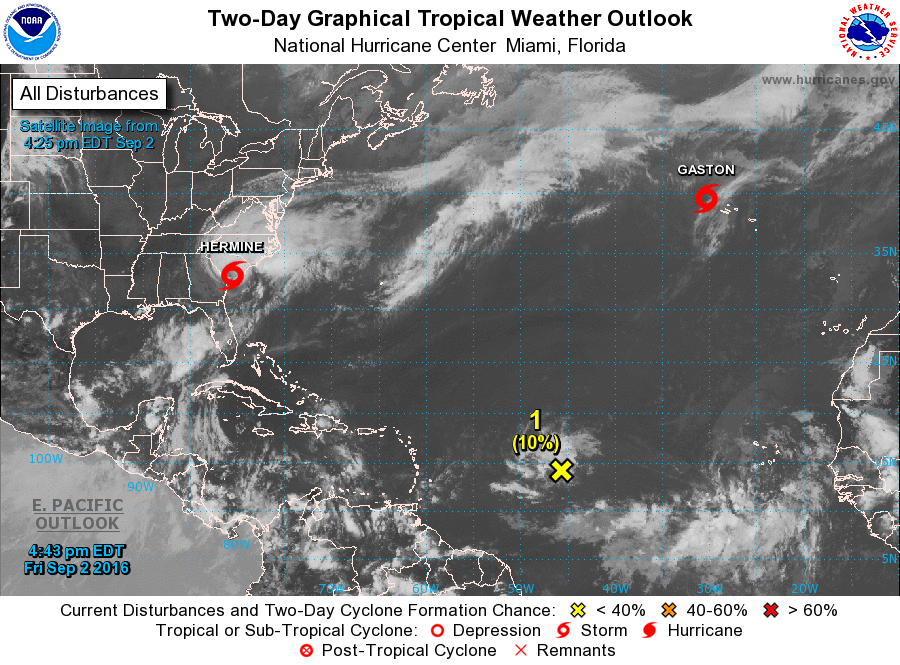
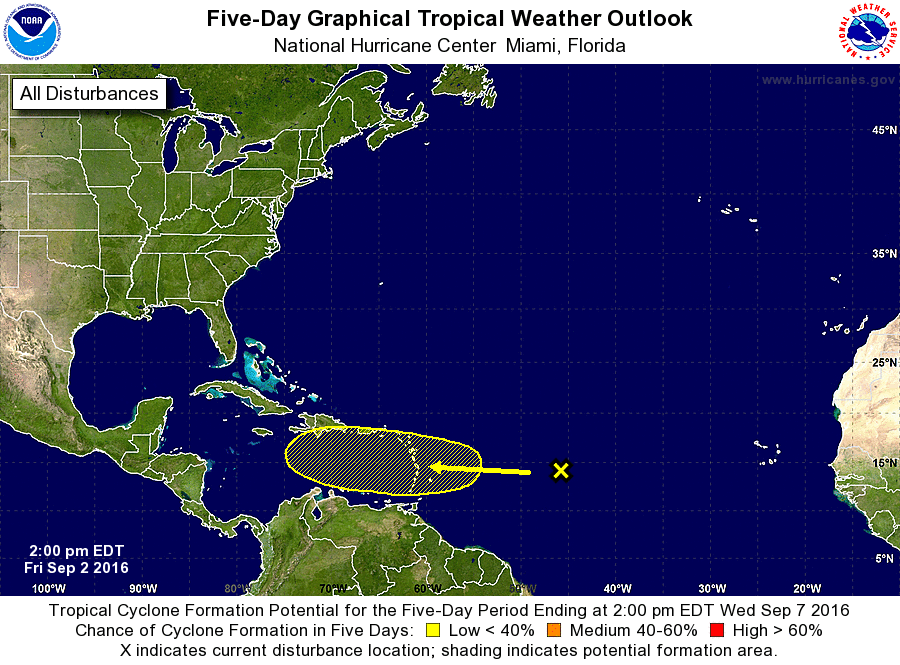
For the North Atlantic...Caribbean Sea and the Gulf of Mexico:

The National Hurricane Center is issuing advisories on Tropical Storm Gaston, located near the Azores, and on Tropical Storm Hermine, located over the southeastern United States.

1. A tropical wave over the central tropical Atlantic Ocean located about 1000 miles east of the Lesser Antilles is producing only disorganized showers and thunderstorms. Development of this system, if any, will be slow to occur while it approaches the Lesser Antilles and continues westward into the eastern Caribbean Sea early next week.
* Formation chance through 48 hours...low...10 percent
* Formation chance through 5 days...low...20 percent

Forecaster Blake